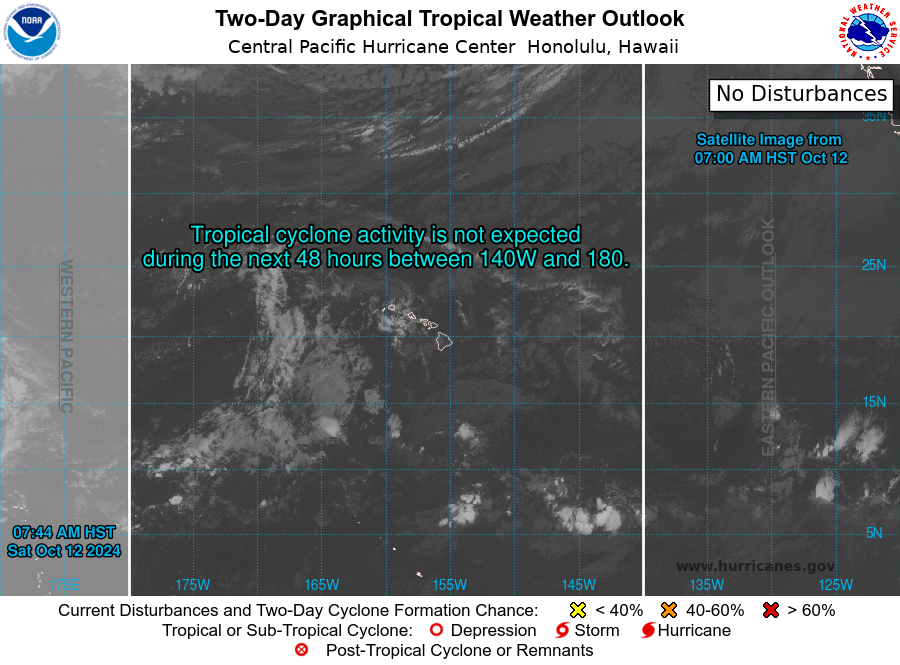
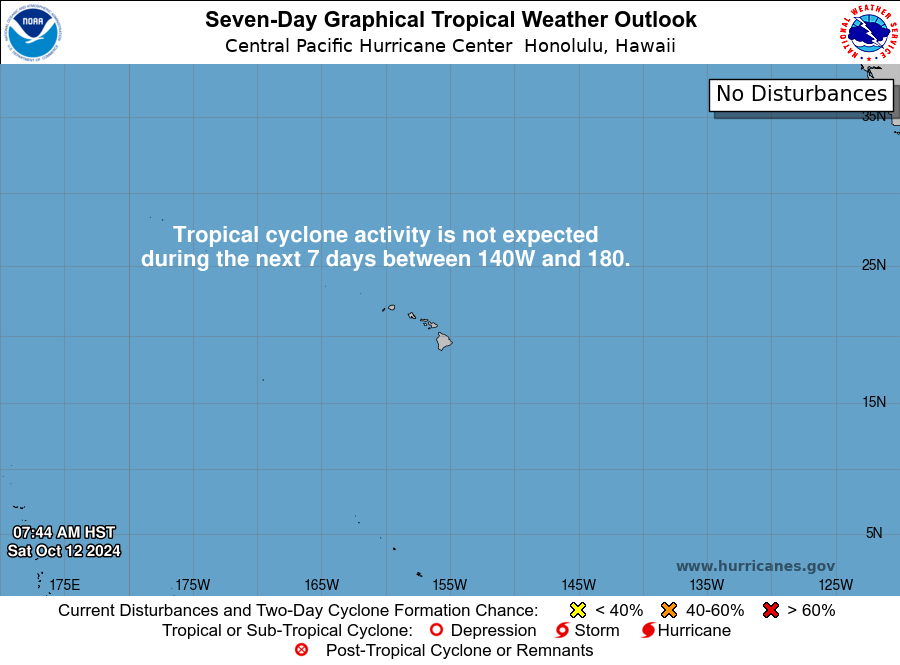
For the central North Pacific...between 140W and 180W:

No tropical cyclones are expected during the next 7 days.

Forecaster Vaughan